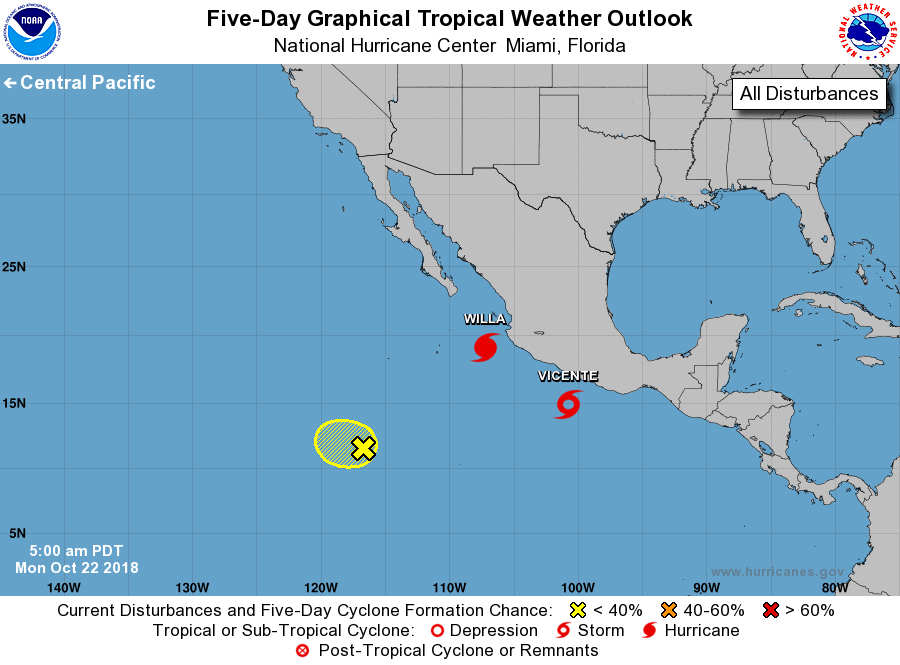
For the eastern North Pacific...east of 140 degrees west longitude:

The National Hurricane Center is issuing advisories on Tropical Storm Vicente, located a couple hundred miles south-southeast of Acapulco, Mexico, and on Hurricane Willa, located a couple of hundred miles south-southwest of Cabo Corrientes, Mexico.

1. A small area of low pressure, located a little over 800 miles south-southwest of the southern tip of the Baja California peninsula, continues to produce disorganized showers and thunderstorms well southwest of the center. Environmental conditions are expected to be marginally conducive for some gradual development of this system during the next couple of days as it meanders over open waters.
* Formation chance through 48 hours...low...20 percent.
* Formation chance through 5 days...low...20 percent.

Forecaster Brown/Latto